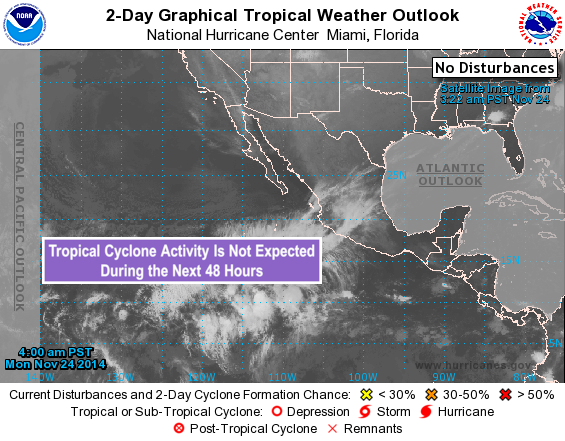
For the eastern North Pacific...east of 140 degrees west longitude:

Tropical cyclone formation is not expected during the next 5 days.

Forecaster Cangialosi